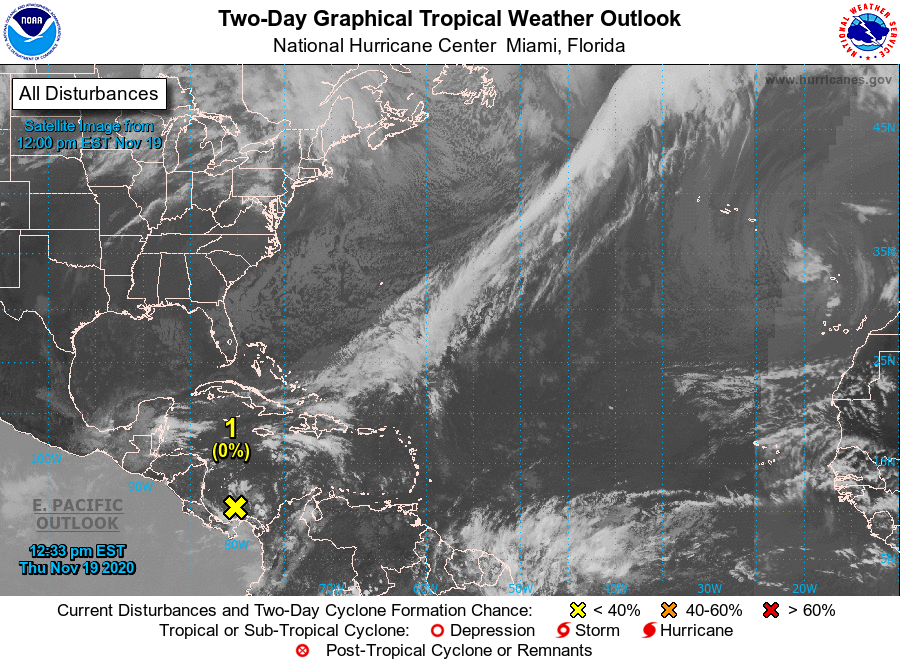
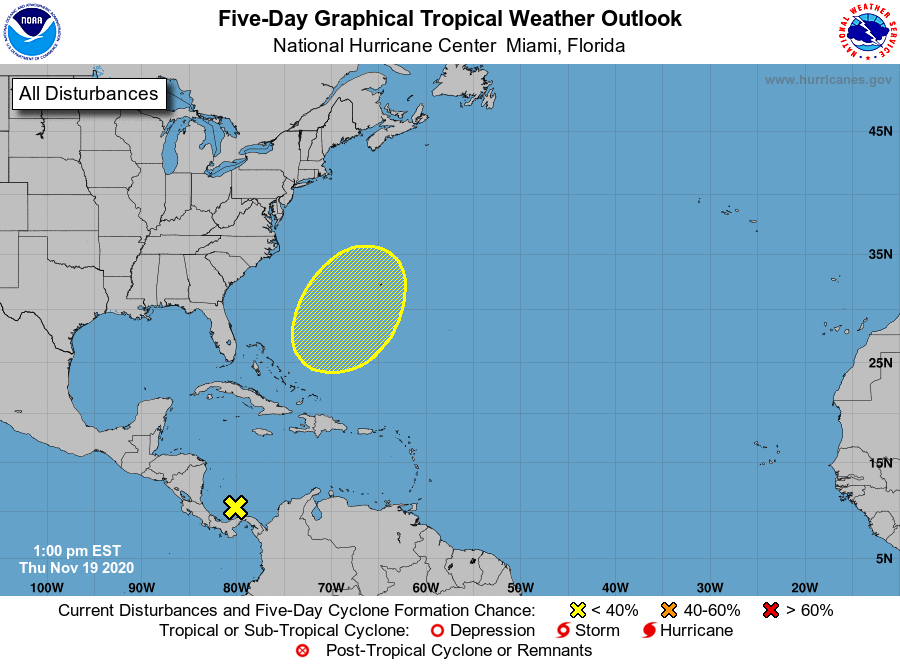
For the North Atlantic...Caribbean Sea and the Gulf of Mexico:

1. Showers and thunderstorms have diminished since yesterday in association with a broad area of low pressure located over the far southwestern Caribbean Sea just off the northern coast of Panama. Development of this system is not expected while it moves little over the southwestern Caribbean Sea during the next several days. This system is expected to produce locally heavy rains and possible flooding over portions of southern Nicaragua, Costa Rica, Panama, and northern Colombia during the next few days.
* Formation chance through 48 hours...low...near 0 percent.
* Formation chance through 5 days...low...near 0 percent.

2. A non-tropical area of low pressure could form between the Bahamas and Bermuda by early next week. The system could gradually develop subtropical characteristics through the middle of next week while it moves northeastward over the western Atlantic.
* Formation chance through 48 hours...low...near 0 percent.
* Formation chance through 5 days...low...20 percent.

Forecaster Berg